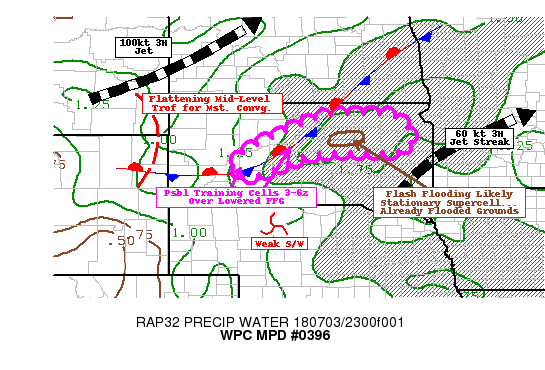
AREAS AFFECTED...SOUTH DAKOTA...

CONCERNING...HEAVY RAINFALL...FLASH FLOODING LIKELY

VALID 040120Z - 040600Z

SUMMARY...STATIONARY SUPERCELL IN VICINITY OF FLOODED GROUNDS WITH
SLOW EXPANSION OF COMPLEX BEFORE MAIN HEIGHT-FALLS APPROACH FROM
THE WEST.  POSSIBLE TRAINING OVER LOWER FFG VALUES WITH THE
APPROACHING TROF EXPAND FLASH FLOOD THREAT TOWARD SW AS WELL.

DISCUSSION...01Z SFC ANALYSIS DEPICTS THE SLOW DEVELOPMENT OF WEAK
SURFACE LOW ACROSS SOUTH CENTRAL SD BUT ALSO SOME INCREASED
RIDGING OVER NE SD ALLOWING FOR INCREASED SURFACE CONVERGENCE FROM
PIR TO JUST SOUTH OF ABR.  00Z ABR SOUNDING DENOTES THE SLACKING
OF THE LOW LEVEL WINDS IN RESPONSE TO THIS DEVELOPMENT AND
APPROACH OF DEEPER HEIGHT-FALLS AND DPVA FROM SHARPENING TROF OVER
MT TO NE WY.   SATURATED GROUNDS BUT CLEAR SKIES TODAY ALLOWED FOR
A LOCAL MAXIMA OF LOW LEVEL MOISTURE TO CLIMB TO SFC TDS IN THE
MID TO UPPER 70S CURRENTLY IN THIS REGION.   THE COMBINATION OF
THE DEEP LOW LEVEL MOISTURE AND SHARPENING OF THE SFC BOUNDARY
SUPPORTED CONVECTIVE DEVELOPMENT IN FAULK COUNTY ALONG THE NW
PERIPHERY OF EXTREME TOTALS/FLOODED GROUNDS FROM LAST NIGHT'S MCS.
CURRENT KABR KDP SUGGESTS STRONG UPDRAFTS WITH THE 5000+ J/KG AND
3K FT DIFFERENCE IN WBZ AND FGZ LEVELS SHOW HAIL PRODUCTION AT
THIS TIME BUT ALSO SURROUNDED BY MODERATE TO HEAVY RAINFALL AS
WELL.

PROPAGATION VECTORS (INCLUDING BUNKERS RGT MOVING VECTORS) FROM
THE RAP MAY BE A BIT TOO HIGH IN THE 10-15 RANGE GIVEN THE ONGOING
SITUATION AND STRONGER SURFACE RIDGING (500-1000MB THICKNESS COL)
DEVELOPING IN THE VICINITY OF THE CELL.  AS SUCH THE SUPERCELL IS
EXPECTED TO REMAIN FAIRLY LOCKED FOR THE NEXT HOUR OR SO POSING
2-3" RAINFALL TOTALS EXACERBATING FLOODING WHICH COULD BE FLASHY
LOCAL TO THE DOWNDRAFT.  1-MINUTE VISIBLE IMAGERY FROM G16
SUGGESTS ADDITIONAL WEAKER CLD DEVELOPMENT ALONG AIDED BY
INCREASED MST CONVERGENCE ALONG OUTFLOW BOUNDARY EXPANDING IN
NEARLY ALL DIRECTIONS WITH EXCEPTION TO THE SOUTHEAST (WHICH
CONTINUES TO FEED WARM MOIST/UNSTABLE AIR INTO THE CELL TO
MAINTAIN IT).  AS SUCH FLASH FLOODING IS CONSIDERED LIKELY FOR
THIS SMALL ALREADY FLOODED AREA OF HYDE/HAND AND FAULK COUNTIES.

FURTHER UPSTREAM...THE STRONG DPVA/HEIGHT-FALLS HAS SPURRED NEW
CONVECTIVE CLUSTERS ACROSS SE MT INTO W SD. VWP AND GOES AMV
SUGGEST A WEAKNESS IN THE MID TO UPPER LEVEL FLOW BISECTING SD
FROM SW TO NE WHERE THE MID-LEVEL TROF AXIS MAY BEGIN TO ORIENT
MORE FAVORABLY FOR CELLS TO TRAIN FROM FALL RIVER TO STANLEY
COUNTY OVER THE NEXT 3-4 HOURS...THIS ALSO ALIGNS WITH A STRIPE OF
LOWERED FFG.  IF THIS TRAINING WERE TO OCCUR (PARTICULARLY LATER
TOWARD 4-6Z) THERE IS A LOWERED SUFFICIENT  POSSIBILITY FOR
EXCEEDING THE FFG LEADING TO POSSIBLE FLASH FLOODING AS WELL.